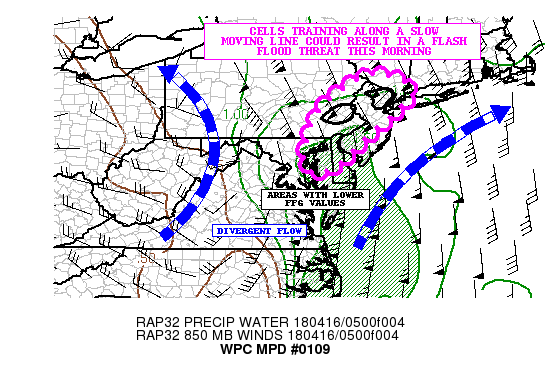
AREAS AFFECTED...NORTHEAST MD ACROSS SOUTHEAST PA IN SOUTHEAST NY

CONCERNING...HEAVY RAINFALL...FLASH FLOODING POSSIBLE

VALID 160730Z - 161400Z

SUMMARY...CELLS TRACKING NORTH ALONG A LINE MOVING EAST IN A HIGH
MOISTURE ENVIRONMENT ACROSS THE NORTHERN MID ATLANTIC STATES POSE
A THREAT FOR FLASH FLOODING INTO THE MORNING HOURS.

DISCUSSION...REGIONAL RADARS CONTINUE TO TRACK A LINE OF
CONVECTION EXTENDING FROM SOUTH CENTRAL PA INTO EASTERN NC. THE
CONVECTION REMAINS ON THE WESTERN EDGE OF A MUCAPE GRADIENT ACROSS
CENTRAL VA INTO NORTHEAST MD...SOUTHEAST PA AND A PORTION OF
SOUTHWEST NJ. WHILE THE ACTIVITY REMAINS ELEVATED ON THE NORTH
SIDE OF A BOUNDARY EXTENDING ACROSS VA...THERE ARE LIGHTNING
STRIKES AS FAR NORTH AS NORTHERN MD.

THE MOST RECENT RAP ANALYSIS SHOWED A 60 TO 70 KNOT LOW LEVEL
SOUTH SOUTHEAST JET PUMPING 1.50 INCH PRECIPITABLE WATER AIR
(WHICH IS SUPPORTED BY THE MOST RECENT BLENDED TPW PRODUCT). TOPS
ON THE CONVECTION ARE COMPARATIVELY LOW...AS SEEN IN THE GOES-16
CLEAN IR CHANNEL...BUT GIVEN THE INSTABILITY IN PLACE...THAT IS
NOT UNEXPECTED. THE KLWX RADAR SHOWED HOURLY RAINFALL RATES AS
HIGH AS 1.50 INCHES OVER RICHMOND AND WESTMORELAND COUNTIES IN
VA... AND HOURLY MESONET OBSERVATIONS WERE GENERALLY IN THE
1.00/1.25 INCH RANGE.
LOCATIONS SOUTH AND WEST OF KDCA HAS RECEIVED BETWEEN 2.00 AND
3.00 INCHES OF RAINFALL WITH THE TRAINING CELLS ALONG THE LINE
EARLY THIS MORNING.

MOVING FORWARD...INSTABILITY AND THE EASTWARD TRACK OF THE
CONVECTIVE LINE WILL BE LIMITING FACTORS FOR A MORE WIDESPREAD
FLASH FLOOD THREAT. RAP SOUNDINGS ALONG THE INTERSTATE 95 CORRIDOR
SHOWED 100 TO 250 J/KG OF MUCAPE FROM NORTH OF KBWI TO SOUTH OF
KEWR. THE INSTABILITY SHOULD BE SUFFICIENT TO SUSTAIN THE
CONVECTION IN PLACE...AS THIS AREA MAY BRIEFLY GET INTO THE WARM
SECTOR...AND THE VERY STRONG AND CONVERGENT LOW LEVEL INFLOW IS
EXPECTED TO MAINTAIN RAINFALL RATES OCCASIONALLY REACHING OVER AN
INCH AN HOUR...ESPECIALLY OVER SOUTHEAST PA INTO NORTHERN NJ.

THE MOST RECENT HRRR HAD A GOOD HANDLE ON THE CONVECTION...BUT WAS
AN HOUR OR SO SLOW WITH ITS EASTWARD PROGRESS (WHICH WAS TYPICAL
OF MOST OF THE AVAILABLE HIGH RESOLUTION GUIDANCE). THE HRRR
SHOWED LOCAL 2.00 TO 3.00 INCH RAINFALL AMOUNTS IN THE
ABOVEMENTIONED LOCATIONS...AND BASED ON WHAT HAS OCCURRED SOUTH
AND WEST OF KDCA THIS MORNING...THOSE VALUES SEEM PLAUSIBLE.

ONE HOUR FLASH FLOOD VALUES ARE AS LOW AS 1.00/1.50 INCHES OVER
PORTIONS OF SOUTHEAST PA AND NORTHEAST NJ...MAKING THEM THE MOST
SUSCEPTIBLE TO FLASH FLOODING THIS MORNING. OTHERWISE...TRAINING
WILL BE REQUIRED TO INITIATE FLASH FLOODING...SO FLASH FLOODING IS
ONLY CONSIDERED POSSIBLE.